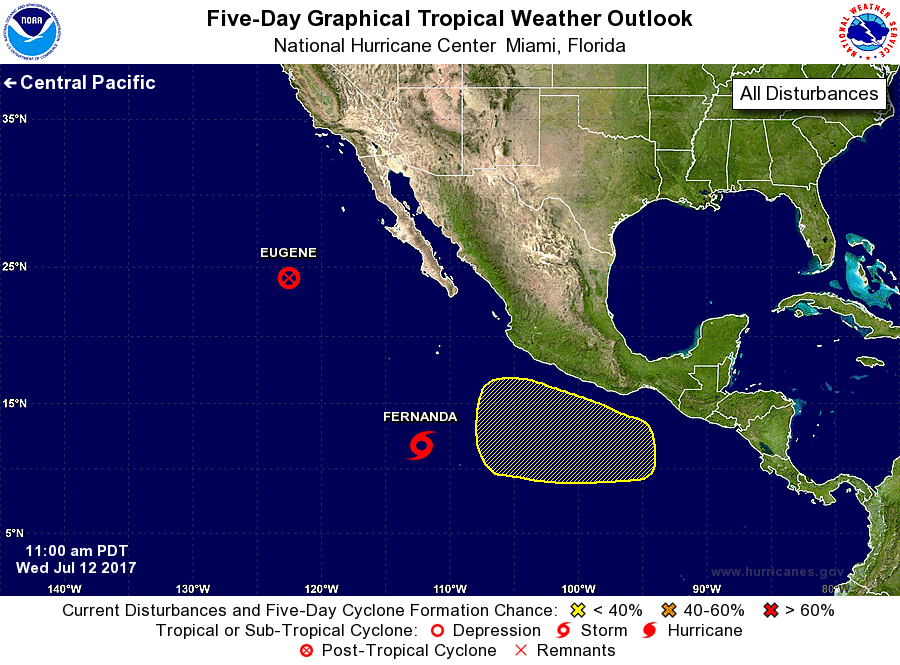
For the eastern North Pacific...east of 140 degrees west longitude:

The National Hurricane Center is issuing advisories on newly downgraded Tropical Depression Eugene, located several hundred miles west-southwest of Punta Eugenia, Mexico, and on newly upgraded Tropical Storm Fernanda, located several hundred miles south of the southern tip of the Baja California peninsula.

1. A broad area of low pressure is expected to form a few hundred miles south of Mexico during the weekend. Gradual development of this system is possible as it moves slowly toward the west-northwest.
* Formation chance through 48 hours...low...near 0 percent.
* Formation chance through 5 days...low...20 percent.

Public Advisories on Tropical Storm Fernanda are issued under WMO header WTPZ31 KNHC and under AWIPS header MIATCPEP1. Forecast/Advisories on Tropical Storm Fernanda are issued under WMO header WTPZ21 KNHC and under AWIPS header MIATCMEP1.

Forecaster Landsea